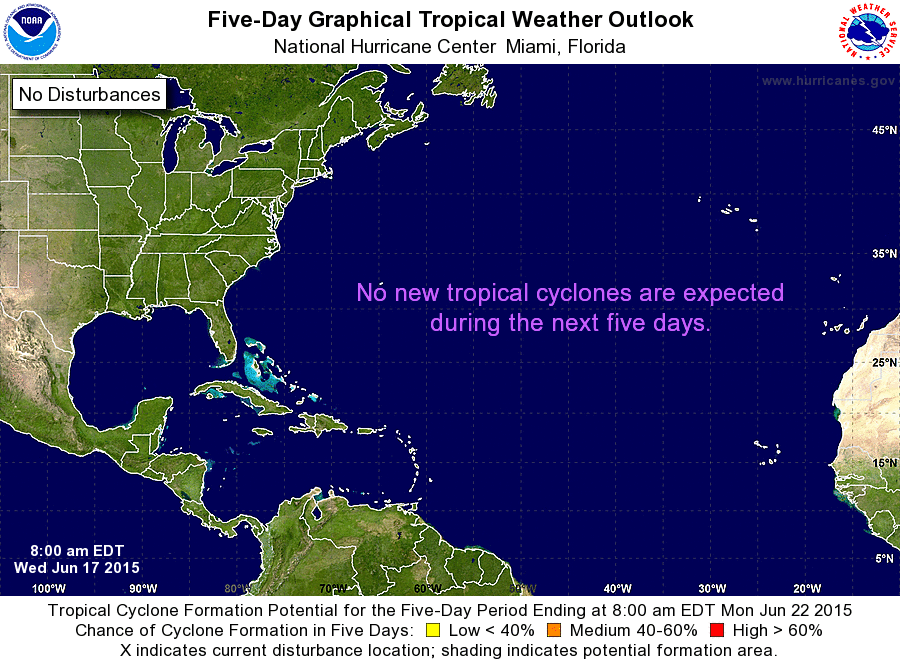
For the North Atlantic...Caribbean Sea and the Gulf of Mexico:

The NOAA Weather Prediction Center is issuing advisories on Tropical Depression Bill, located inland over central Texas near Waco.

Tropical cyclone formation is not expected during the next 5 days.

&&
Future information on Tropical Depression Bill can be found in Public Advisories issued by the Weather Prediction Center beginning at 10 AM CDT, under AWIPS header TCPAT2, WMO header WTNT32 KWNH, and on the web at http://www.hpc.ncep.noaa.gov/tropical/.

Forecaster Stewart